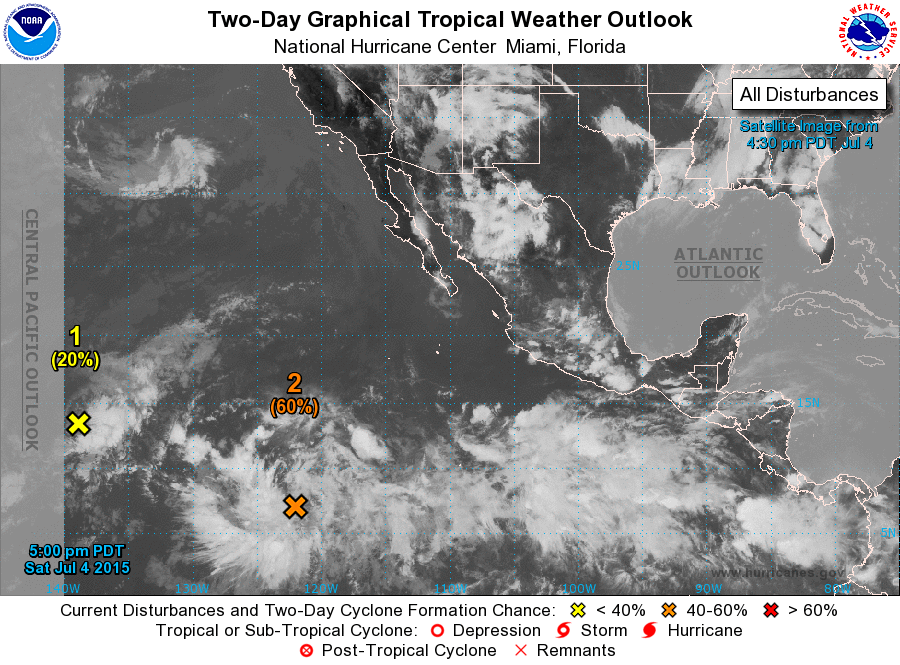
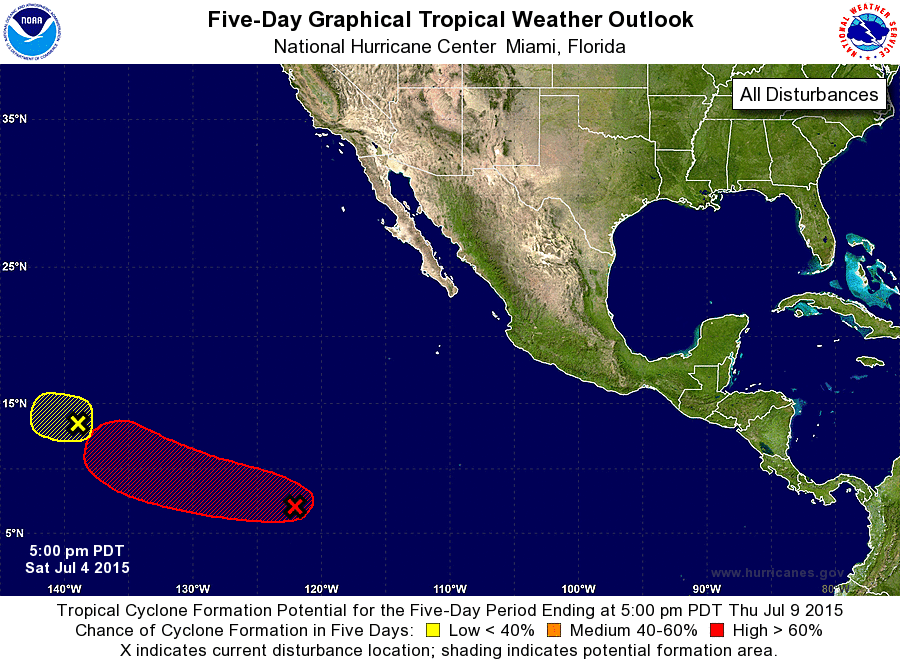
For the eastern North Pacific...east of 140 degrees west longitude:

1. A well-defined low pressure area has been nearly stationary about 1125 miles east-southeast of the Hawaiian Islands for the past several hours. This system is producing poorly organized shower and thunderstorm activity, mainly well to the east of the center. Although this low still has some potential for development, upper-level winds are expected to prevent formation after the weekend while the system drifts westward or west-northwestward over the next several days.
* Formation chance through 48 hours...low...20 percent
* Formation chance through 5 days...low...20 percent

2. Showers and thunderstorms associated with a broad area of low pressure centered about 1350 miles southwest of Cabo San Lucas Mexico continue to show signs of organization. Environmental conditions are conducive for gradual development, and a tropical depression is likely to form early next week while the system moves west-northwestward at 10 to 15 mph.
* Formation chance through 48 hours...medium...60 percent
* Formation chance through 5 days...high...90 percent

Forecaster Stewart